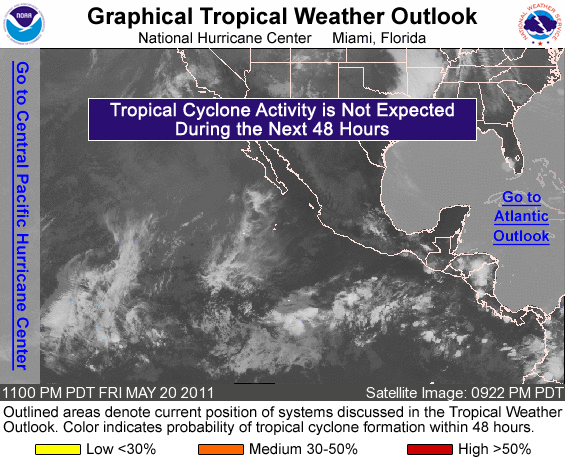
FOR THE EASTERN NORTH PACIFIC...EAST OF 140 DEGREES WEST LONGITUDE..

TROPICAL CYCLONE FORMATION IS NOT EXPECTED DURING THE NEXT 48 HOURS.

FORECASTER BLAKE